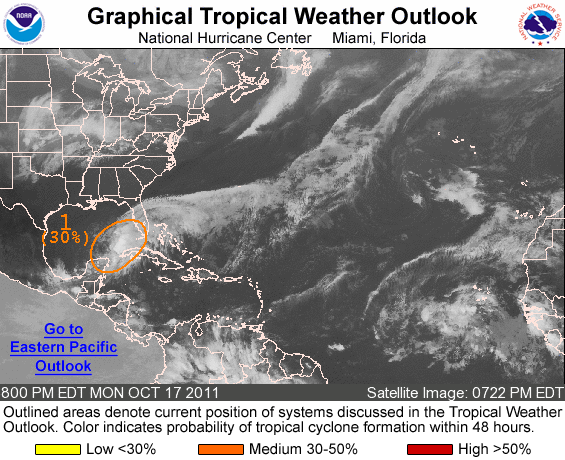
FOR THE NORTH ATLANTIC...CARIBBEAN SEA AND THE GULF OF MEXICO...

1. DISORGANIZED SHOWERS AND THUNDERSTORMS WITH WINDS TO NEAR TROPICAL STORM FORCE CONTINUE OVER THE SOUTHEASTERN GULF OF MEXICO. SATELLITE AND SURFACE DATA INDICATE THAT THIS ACTIVITY REMAINS WELL REMOVED FROM THE LOW PRESSURE AREA CENTERED NEAR THE NORTH COAST OF THE YUCATAN PENINSULA. HOWEVER...THERE STILL IS SOME POTENTIAL FOR DEVELOPMENT OF THIS SYSTEM ON TUESDAY BEFORE ATMOSPHERIC CONDITIONS BECOME LESS CONDUCIVE FOR TROPICAL CYCLONE FORMATION. THIS SYSTEM HAS A MEDIUM CHANCE...30 PERCENT...OF BECOMING A TROPICAL CYCLONE DURING THE NEXT 48 HOURS AS IT MOVES GENERALLY NORTHWARD. REGARDLESS OF DEVELOPMENT...LOCALLY HEAVY RAINFALL AND GUSTY WINDS ARE EXPECTED OVER WESTERN CUBA...THE FLORIDA KEYS...AND THE FLORIDA PENINSULA DURING THE NEXT DAY OR SO.

ELSEWHERE...TROPICAL CYCLONE FORMATION IS NOT EXPECTED DURING THE NEXT 48 HOURS.

FORECASTER ROBERTS/BROWN